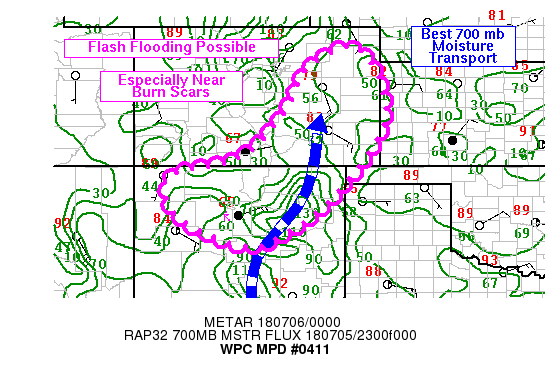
AREAS AFFECTED...CENTRAL/SOUTHERN ROCKIES AND ADJACENT SOUTHWEST

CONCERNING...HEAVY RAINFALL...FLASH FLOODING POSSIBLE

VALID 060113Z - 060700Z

SUMMARY...THUNDERSTORMS WHICH DEVELOPED DURING THE AFTERNOON OVER
COLORADO WERE BEGINNING TO MOVE OUT OVER THE PLAINS EARLY THIS
EVENING WHILE ADDITIONAL THUNDERSTORMS FORMED NEAR THE HIGHER
TERRAIN IN NORTHERN NEW MEXICO.  THE SLOW-MOVING STORMS MAY
PRODUCE RAIN RATES AROUND 1 IN/HR WHICH MAY LEAD TO FLASH
FLOODING. AREAS AROUND RECENT BURN SCARS WOULD BE MOST LIKELY TO
EXPERIENCE FLASH FLOODING.

DISCUSSION...GOES SATELLITE IMAGERY SHOWS CONVECTION ACROSS MUCH
OF THE FOUR CORNERS REGION IN AND NEAR HIGHER TERRAIN AS
INSTABILITY MAXIMIZED DURING THE AFTERNOON AND AND IN A REGION
WHERE CONVERGENCE OF DIURNAL UPSLOPE FLOW PEAKED.  THIS CONVECTION
SHOULD REMAIN SLOW-MOVING GIVEN THE WEAKNESS IN MID-LEVEL FLOW
CENTERED ON COLORADO.  THIS SHOULD ALLOW SLOW STORM MOTION THAT
RESULTS IN LOCALIZED HEAVY RAINFALL AND FLASH FLOODING.

STRONGER INSTABILITY AND HIGHER PWATS ARE CONCENTRATED FURTHER
EAST (PARTIALLY AS A FUNCTION OF ELEVATION)...BUT A BROAD AREA OF
EASTERLY 15-20 KNOT LOW-LEVEL INFLOW PERSISTED BASED ON REGIONAL
RADAR VWPS AND 00Z SOUNDINGS. THIS MAY PLACE SOME OF THE
CONVECTION INTO MORE POPULATED AREAS...AND ALSO INTO SOME PLACES
WITH RECENT WILDFIRE BURN SCARS...WHICH MAY INCREASE THE THREAT OF
FLASH FLOODING AND ALSO POTENTIAL IMPACTS.

00Z SOUNDINGS SHOWED PRECIPITABLE WATER VALUES AT OR ABOVE AN INCH
FROM EASTERN COLORADO INTO NORTHERN NEW MEXICO AND EASTWARD OUT
OVER THE PLAINS.  THIS SHOULD BE SUPPORTIVE OF RAIN RATES AROUND 1
IN/HR IN THE STRONGER CONVECTION...AND PERHAPS LOCALLY HIGHER IF
STORM MERGERS AND/OR MOTION CAN FAVORABLY STALL HEAVY RAIN FOR AN
EXTENDED PERIOD OF TIME IN A GIVEN LOCATION. RAIN RATES SUCH AS
THIS WOULD BE CAPABLE OF PRODUCING SOME LOCALIZED FLASH FLOODING
ACROSS THE REGION...AND WOULD BE MORE THAN SUFFICIENT TO PRODUCE
FLASH FLOODING AND DEBRIS FLOWS AROUND BURN SCARS.

THROUGH 07Z...THE STRONGEST HI-RES MODEL QPF SIGNAL IS FROM NEAR
LIMON CO TO NORTH OF COLORADO SPRINGS CO AND FROM SANTA FE NM TO
AREAS EAST OF ABQ.